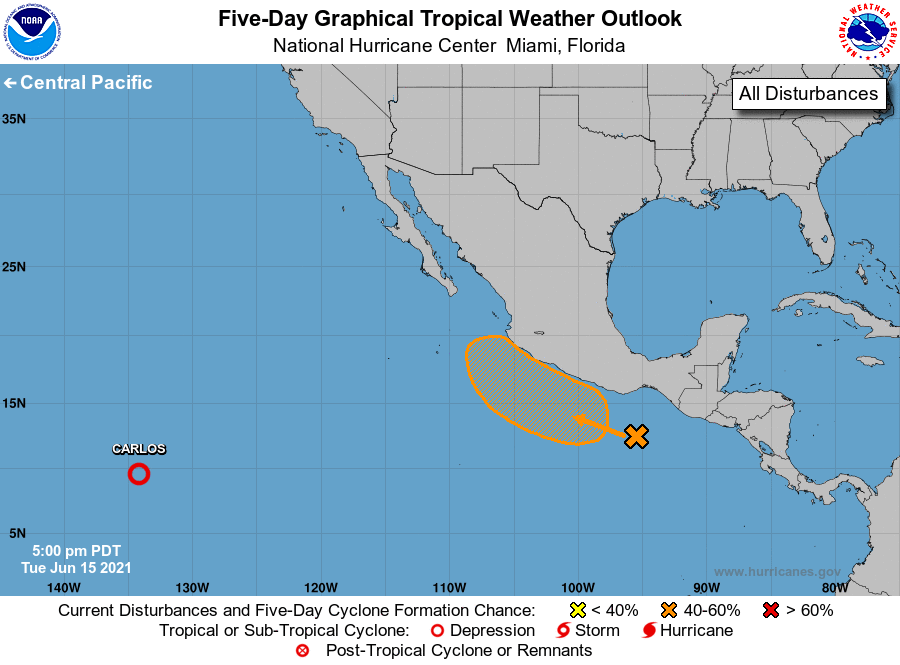
For the eastern North Pacific...east of 140 degrees west longitude:

The National Hurricane Center is issuing advisories on Tropical Depression Carlos, located over 1800 miles west-southwest of the southern tip of the Baja California peninsula.

1. Disorganized showers and thunderstorms located a few hundred miles south of the coast of southern Mexico are associated with a broad trough of low pressure. A low-pressure system is expected to develop along this trough within the next couple of days as a tropical wave moves westward across the area. Environmental conditions should be favorable for gradual development of this system later this week, and a tropical depression could form by this weekend while it moves slowly northwestward, roughly parallel to the southwestern coast of Mexico.
* Formation chance through 48 hours...low...10 percent.
* Formation chance through 5 days...medium...60 percent.

Forecaster Reinhart/Beven